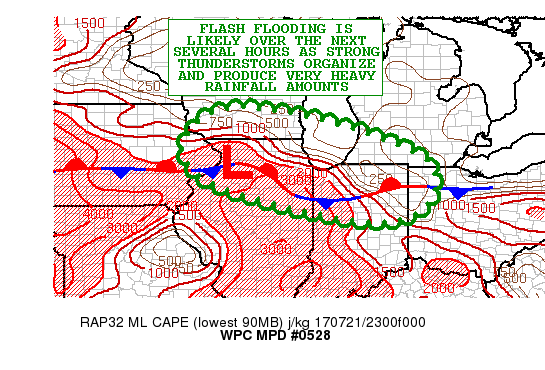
AREAS AFFECTED...FAR EASTERN IA...SOUTHERN WI...NORTHERN
IL...NORTHERN IN...SOUTHWEST LOWER MI...NORTHWEST OH

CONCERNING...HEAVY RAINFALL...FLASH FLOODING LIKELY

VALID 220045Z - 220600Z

SUMMARY...FLASH FLOODING WILL BE LIKELY IN ASSOCIATION WITH STRONG
AND ORGANIZED THUNDERSTORMS THROUGH THE REMAINDER OF THE EVENING
HOURS.

DISCUSSION...SEVERAL CLUSTERS OF INTENSE COLD-TOPPED CONVECTION
ARE SEEN CONTINUING TO BECOME BETTER ORGANIZED OVER PARTS OF FAR
EASTERN IA...SOUTHERN WI AND NORTHERN IL AS A WAVE OF LOW PRESSURE
ADVANCES EAST ACROSS NORTHWEST IL ALONG WITH A SUPPORTING
SHORTWAVE IMPULSE. THE CONVECTION IS FORMING WITHIN A RATHER
HIGHLY SHEARED ENVIRONMENT WITH OVER 40 KTS OF EFFECTIVE BULK
SHEAR AND ALSO ALONG A STRONG INSTABILITY GRADIENT INVOLVING THE
FRONT. JUST SOUTH OF THE FRONT...THE AIRMASS IS VERY UNSTABLE WITH
OVER 3000 J/KG OF MLCAPE...AND IT IS VERY MOIST WITH PWATS NEAR
2.25 INCHES AND WITH SURFACE DEWPOINTS IN THE MID TO UPPER 70S.

GIVEN THE LEVEL OF SHEAR AND VERY IMPRESSIVE THERMODYNAMICS...THE
ENVIRONMENT OVER THE NEXT SEVERAL HOURS WILL BE HIGHLY CONDUCIVE
FOR A STRONG MCS TO EVOLVE AS CONVECTIVE CLUSTERS MERGE AND
CONSOLIDATE INTO A LARGER CONVECTIVE COMPLEX. THIS WILL BE AIDED
BY SHORTWAVE DYNAMICS AND WARM ADVECTION AHEAD OF THIS SURFACE
WAVE WHICH IS TRAVERSING A WAVY QUASI-STATIONARY FRONT. A
SOUTHWEST LOW LEVEL JET IS FORECAST BY THE LATEST RAP GUIDANCE TO
INCREASE TO NEAR 50 KTS BY 06Z AHEAD OF THE SURFACE WAVE..AND THIS
SHOULD STRONGLY ENHANCE THE LARGER SCALE FORCING AND THERMODYNAMIC
SUPPORT FOR THE CONVECTIVE COMPLEX.

EXPECT RAINFALL RATES OF UP TO 3 INCHES/HR GIVEN THE DEEP COLUMN
OF MOISTURE AND STRONG INSTABILITY ALONG THE FRONT. RAINFALL
AMOUNTS THROUGH 06Z OF AS MUCH 4 TO 6 INCHES WILL BE POSSIBLE AND
ESPECIALLY WHERE CELL-MERGERS AND SOME EPISODIC TRAINING OF
CONVECTIVE CLUSTERS OCCUR. THESE AMOUNTS ARE LIKELY TO RESULT IN
FLASH FLOODING...WITH SOME OF IT SIGNIFICANT GIVEN RECENT HEAVY
RAINFALL AND THE URBAN CORRIDORS AREAS...INCLUDING THE CHICAGO
METROPOLITAN AREA. THIS WILL LIKELY BE A LONG-LIVED MCS..AND
ADDITIONAL MPDS WILL BE ISSUED ACCORDINGLY.